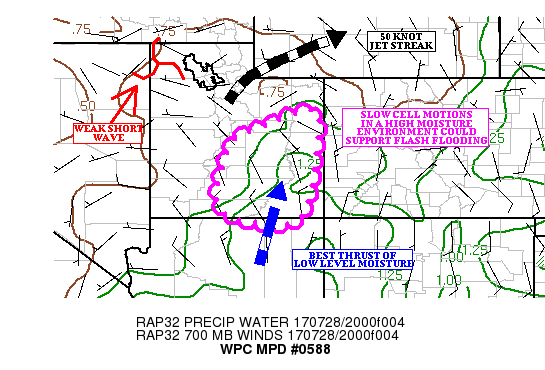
AREAS AFFECTED...UT

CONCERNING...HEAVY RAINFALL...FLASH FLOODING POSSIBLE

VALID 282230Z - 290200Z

SUMMARY...SLOW CELL MOTIONS IN AN ENVIRONMENT OF HIGH MOISTURE AND
WET SOILS COULD RESULT IN A FLASH FLOOD THREAT INTO THE EVENING
HOURS.

DISCUSSION...THE REGIONAL RADAR MOSAIC SHOWED SCATTERED
CONVECTION...MAINLY TIED TO THE TERRAIN...OVER PORTIONS OF
SOUTHERN AND EASTERN UT. THE CONVECTION WAS FORMING/TRACKING
THROUGH AN AXIS OF 1.25 INCH PRECIPITABLE WATER (AS SHOWN ON THE
MOST RECENT RAP ANALYSIS...AS WELL AS THE MOST RECENT BLENDED TPW
PRODUCT)...WHERE MLCAPE VALUES HOVERED BETWEEN 500-1000 J/KG.
SYNOPTIC SCALE LIFT ASSOCIATED WITH A 50 KNOT JET STREAK IS
ALLOWING THE CONVECTION TO BECOME A BIT BETTER ORGANIZED ACROSS
SOUTHERN UT.

THE KIXC RADAR SHOWED HOURLY RAINFALL RATES NEAR 1.25 INCHES OVER
PORTIONS OF GARFIELD AND KANE COUNTIES...AS THE CELLS MOVE OR
DEVELOP SLOWLY SOUTHEAST. THE MID LEVEL FLOW IS FAIRLY WEAK...WITH
850-300 MB WINDS GENERALLY 10 KNOTS OR LESS. THE SLOW CELL
MOTIONS...COMBINED WITH THE HIGH MOISTURE CONTENT AIR...WILL
CONTINUE TO SUPPORT HOURLY RAINFALL RATES NEAR 1.25 INCHES OVER
AREAS THAT HAVE RECEIVED HEAVY RAINFALL  DURING THE PAST FEW DAYS.

THE MOST RECENT HRRR RUNS SHOWED SCATTERED AREAS OF 1.50 TO 2.00
INCHES...AND BASED ON WHAT HAS OCCURRED ALREADY THIS AFTERNOON...
THE ADDITIONAL RAINFALL AMOUNTS SEEM PLAUSIBLE. THIS MUCH
ADDITIONAL RAINFALL COULD RESULT IN A CONTINUED FLASH FLOOD THREAT
INTO THE EARLY EVENING...WHEN INSTABILITY WANES AND THE CONVECTION
WEAKENS.